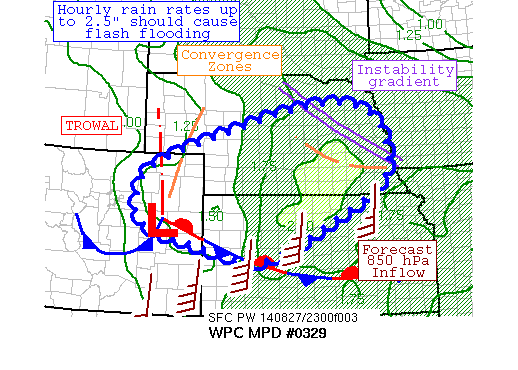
AREAS AFFECTED...NORTHEAST CO, NORTHWEST KS, SOUTHERN & EASTERN NE

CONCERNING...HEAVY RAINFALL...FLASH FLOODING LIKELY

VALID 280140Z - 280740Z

SUMMARY...THUNDERSTORMS HAVE BEEN AMASSING ACROSS NORTHEAST CO,
SOUTHERN NE, AND NORTHERN KS.  WITH A STRONG SIGNAL FOR HEAVY
RAINFALL SEEN WITHIN THE MESOSCALE QPF GUIDANCE, FLASH FLOODING IS
LIKELY TO CONTINUE OVERNIGHT.

DISCUSSION...A MESOSCALE FRONTAL WAVE ACROSS NORTHEAST CO AHEAD OF
A DEEP CYCLONE PROGRESSING THROUGH THE WEST HAS BEEN MOVING 15-20
KTS TO THE SOUTHEAST OVER THE PAST SEVERAL HOURS.  WITHIN THE WARM
ADVECTION REGIME TO ITS EAST, THUNDERSTORMS WITH HEAVY RAINFALL
HAVE BEEN THE RULE ACROSS NORTHERN KS AND PORTIONS OF SOUTHERN AND
WESTERN NE.  PRECIPITABLE WATER VALUES OF 1.5-2" ARE FORECAST TO
REMAIN ACROSS THE REGION -- PER RECENT RAP RUNS -- WHICH ARE OVER
2.5 SIGMAS ABOVE AVERAGE, OR NEAR THE 99TH PERCENTILE FOR LATE
AUGUST.  AREA SOUNDINGS ARE QUITE MOIST, WITH WET BULB ZEROES IN
THE 11000-13000 FT RANGE -- WARM RAIN PROCESSES WILL LIKELY BE AT
PLAY.  VAD WIND PROFILES SHOW 25-30 KTS OF 850 HPA INFLOW INTO THE
REGION TOWARDS POTENTIAL CLOUD BASES.  MUCAPE VALUES OF 1000-2000
J/KG EXIST, WITH HIGHER VALUES ACROSS NORTHEAST KS WHERE
CONVECTION HAS BEEN MINIMAL THUS FAR.

OUTFLOW BOUNDARY COLLISIONS ARE COMPLICATING THE FORECAST, WITH A
LARGE OUTFLOW BOUNDARY COLLISION IMMINENT ACROSS NORTHEAST CO NEAR
THE SYSTEM'S TROWAL.  TO THE EAST, THE FORECAST IS FOR 850 HPA
INFLOW TO INCREASE TO THE 40+ KT RANGE PER RECENT RAP GUIDANCE,
WITH THE AREA OF 25+ KT INFLOW BROADENING INTO AND OVER THE
FRONTAL ZONE WHICH SHOULD LEAD TO A LENGTHENING CONVECTIVE BAND
ACROSS PORTIONS OF KS AND NE.  THIS COULD CONTINUE THE RECENT
TREND OF CELL BACKBUILDING AND TRAINING.  INCREASING CIN NEAR THE
BOUNDARY OVERNIGHT SHOULD LEAD TO INCREASINGLY ELEVATED
CONVECTION, WHICH IS WELL-ADVERTISED BY THE MESOSCALE QPF
GUIDANCE.  HOURLY RAINFALL RATES UP TO 2.5" ARE EXPECTED -- WITH
EVEN HIGHER TOTALS POSSIBLE WHERE OUTFLOW BOUNDARIES COLLIDE.  THE
MESOSCALE QPF GUIDANCE IS UNANIMOUS IS FORECASTING LOCAL AMOUNTS
OF 4-6" WITHIN A SHORT PERIOD OF TIME ACROSS PORTIONS OF
SOUTH-CENTRAL AND EASTERN NE -- A STRONG SIGNAL FOR HEAVY
RAINFALL.  CONSIDERING THIS SIGNAL IN THE GUIDANCE, FLASH FLOODING
IS CONSIDERED LIKELY OUTSIDE THE NE SAND HILLS, AND POSSIBLE OVER
THE SAND HILLS THEMSELVES.